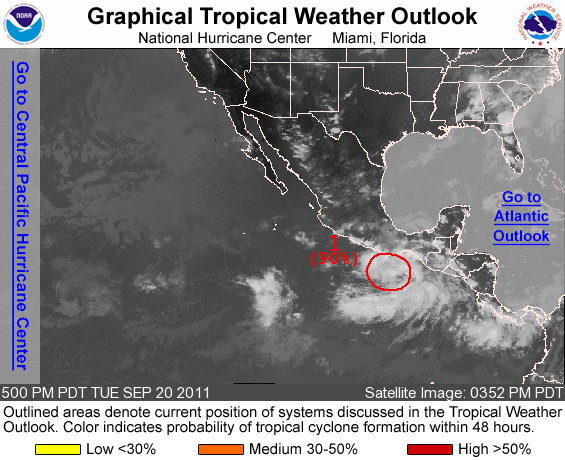
FOR THE EASTERN NORTH PACIFIC...EAST OF 140 DEGREES WEST LONGITUDE..

1. SHOWERS AND THUNDERSTORMS ASSOCIATED WITH AN AREA OF LOW PRESSURE LOCATED ABOUT 225 MILES SOUTH-SOUTHEAST OF PUERTO ESCONDIDO MEXICO CONTINUE TO GRADUALLY BECOME BETTER ORGANIZED. ENVIRONMENTAL CONDITIONS REMAIN CONDUCIVE FOR THE DEVELOPMENT OF A TROPICAL DEPRESSION OVER THE NEXT DAY OR TWO AS THE LOW MOVES WEST- NORTHWESTWARD AT ABOUT 10 MPH. THIS SYSTEM HAS A HIGH CHANCE...90 PERCENT...OF BECOMING A TROPICAL CYCLONE DURING THE NEXT 48 HOURS.

ELSEWHERE...TROPICAL CYCLONE FORMATION IS NOT EXPECTED DURING THE NEXT 48 HOURS.

FORECASTER KIMBERLAIN